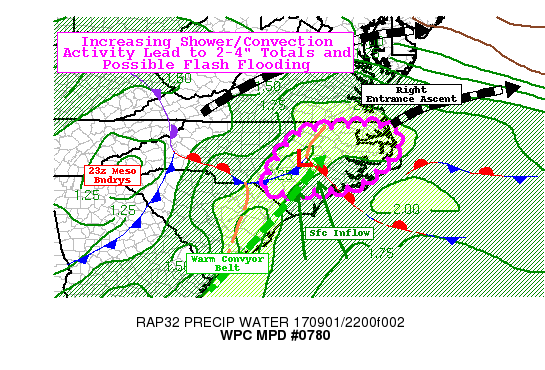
AREAS AFFECTED...EASTERN NORTH CAROLINA

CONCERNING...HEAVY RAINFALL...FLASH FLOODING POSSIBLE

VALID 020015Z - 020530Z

SUMMARY...LARGER SCALE OVERTURNING IS COMMENCING AS
SUPERCELLS/SEVERE STORMS TRANSITION TO LARGER SCALE COMPLEX WITH
CONTINUED FLASH FLOODING THREAT THROUGH THE EARLY OVERNIGHT HOURS.

DISCUSSION...23Z SFC ANALYSIS DEPICTS A COMPLEX FRONTAL STRUCTURE
ACROSS THE CAROLINAS IN PROXIMITY TO THE DISTANT WARM CONVEYOR
BELT ASSOCIATED WITH EXTRATROPICAL CYCLONE HARVEY...PLEASE SEE
ASSOCIATED GRAPHIC FOR BOUNDARY PLACEMENT DETAILS.  A NNE TO SSW
LINE OF CONVECTION NEARLY COINCIDENTAL WITH I-95 IS FILLING IN
FROM A MESO-LOW JUST NW OF GSB TO MEB...AN OLDER WARM FRONT DRAPES
SE FROM THE LOW TOWARD OAJ THOUGH IS DYING OFFSHORE IN FAVOR OF
STRENGTHENING FRONT ALONG GULF-STREAM BOUNDARY.  IN THE WARM
SECTOR VERY UNSTABLE/MOIST AIR IS REPRESENTED BY LOWER 80S TEMPS
WITH UPPER 70S AND SOME 80S TDS SUPPORTING 2500 MLCAPES WHICH WILL
CONTINUE TO BE ADVECTED AND GENERALLY CONFLUENT WITH STRENGTHENING
SSWLY LLJ AND DEEPEST MOISTURE AXIS (TPWS TO 2.1") ALONG THE MESO
COLD FRONT AND SOUTHWARD DRAPING TROF ACROSS NE SC.

RIGHT ENTRANCE TO BROAD 70-90KT WSW TO ENE ORIENTED POLAR JET
PROVIDES EXCELLENT UPPER LEVEL EVACUATION/BROAD SCALE ASCENT FOR
THE CONVECTION TO GROW UPSCALE.  SOUTH OF THE POLAR JET...MEAN
CLOUD BEARING FLOW IS STRONG OUT OF THE SW BUT DUE TO INFLUENCE
NORTH OF THE FRONT/ENTRANCE OF THE JET BACKS MORE
EASTERLY...ENHANCING CONVERGENCE IN THE SHORTWAVE RIDGE AXIS OF
THE LARGER PARENT CIRCULATION OF HARVEY THAT BISECTS THE NC SE
COAST TO SE WV (PER GOES-WV AND 5H ANALYSIS).  GIVEN CELLS ALONG
THE EFFECTIVE COLD FRONT/COASTAL TROF ARE BECOMING ORIENTED
FAVORABLY TO THE MEAN FLOW...SOME TRAINING IS EXPECTED OVER SE NC
OVER THE NEXT FEW HOURS BEFORE ASCENDING NE ACROSS THE BOUNDARY
INTO THE EXPANDING MODERATE TO HVY PRECIPITATION SHIELD ACROSS SE
VA/NE NC.  CONVECTION WILL SUPPORT RATES OF 2.0-2.5"/HR LEADING TO
2-4" TOTALS WITHIN THE WARM SECTOR.  NORTH OF THE BOUNDARY
EMBEDDED ELEVATED CONVECTIVE ELEMENTS WITH 1.5"/HR RATES FOR
SLIGHTLY LONGER DURATION MAY SUPPORT EQUAL VALUES AND BOTH POSE
POSSIBLE FLASH FLOODING RISKS ALONG THE COASTAL PLAIN.

CELLS FURTHER WEST NEAR CLT CURRENTLY IN A FAVORABLE ENVIRONMENT
WITH SHORT-TERM FLASH FLOODING POSSIBLE IN THE VERY NEAR TERM WITH
UPPER LEVEL SUPPORT.  LOSS OF DAY TIME HEATING AND BEING WEST OF
THE WARM CONVEYOR BELT SHOULD STEADILY REDUCE CONVECTIVE VIGOR IN
THE NEXT FEW HOURS.  FF SEEMS LESS LIKELY FOR THESE CELLS WITH
EXCEPTION OF "LUCKY" CORES THAT MAY TRACK OVER AREAS AFFECTED BY
PRIOR LINE EARLIER THIS EVENING.